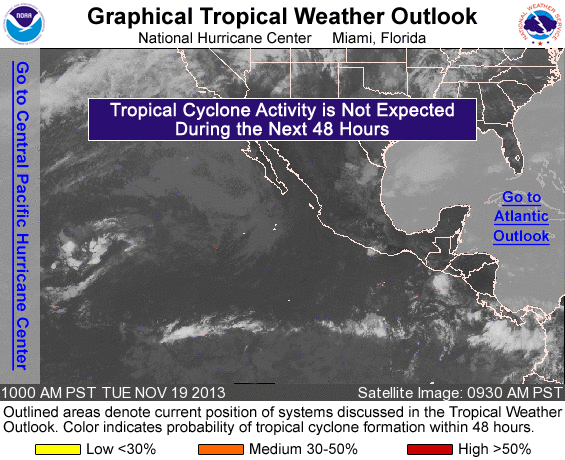
FOR THE EASTERN NORTH PACIFIC...EAST OF 140 DEGREES WEST LONGITUDE..

TROPICAL CYCLONE FORMATION IS NOT EXPECTED DURING THE NEXT 5 DAYS.

&&
FIVE-DAY FORMATION PROBABILITIES ARE EXPERIMENTAL IN 2013. COMMENTS ON THE EXPERIMENTAL FORECASTS CAN BE PROVIDED AT...

HTTP://WWW.NWS.NOAA.GOV/SURVEY/NWS-SURVEY.PHP?CODE=ETWO

FORECASTER STEWART